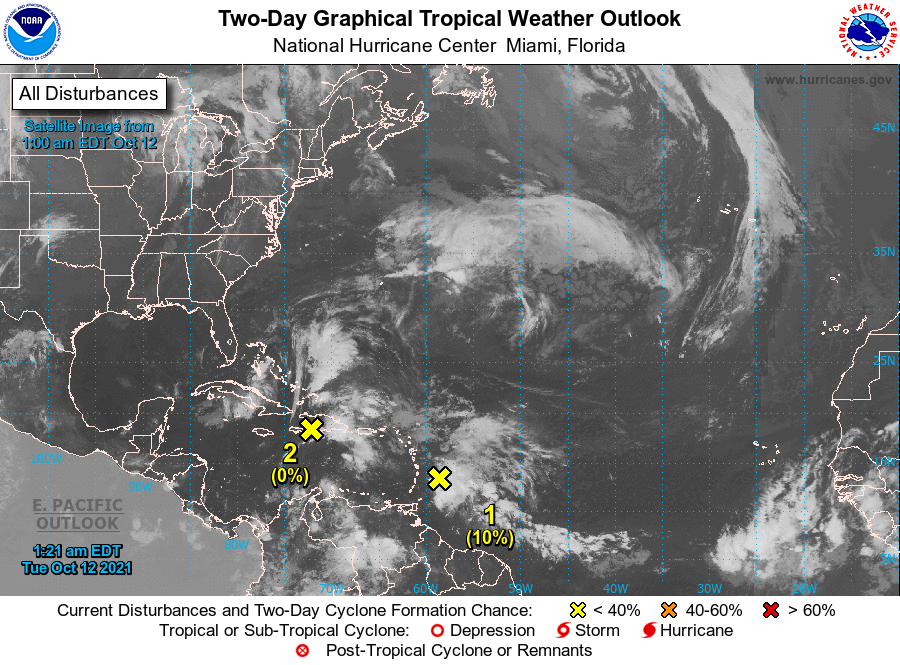
For the North Atlantic...Caribbean Sea and the Gulf of Mexico:

1. Satellite-derived wind data indicate that the tropical wave, located a little over 150 miles east of the Windward Islands, has become less defined overnight. While this system continues to produce showers and thunderstorms primarily east of its center, strong upper-level winds will likely prevent further development during the next couple of days. Regardless of development, the system could produce locally heavy rainfall and gusty winds across portions of the central and northern Lesser Antilles today.
* Formation chance through 48 hours...low...10 percent.
* Formation chance through 5 days...low...10 percent.

2. Another tropical wave moving over Hispaniola is producing a large area of disorganized showers and thunderstorms. Although environmental conditions are not forecast to be conducive for development of this system, a broad area of low pressure, however, is expected to form near the southeast Bahamas on Wednesday and drift generally eastward through the end of the week. Regardless of development, locally heavy rainfall is possible over portions of the Lesser Antilles, Puerto Rico, and Hispaniola during the next couple of days.
* Formation chance through 48 hours...low...near 0 percent.
* Formation chance through 5 days...low...20 percent.

Forecaster Roberts